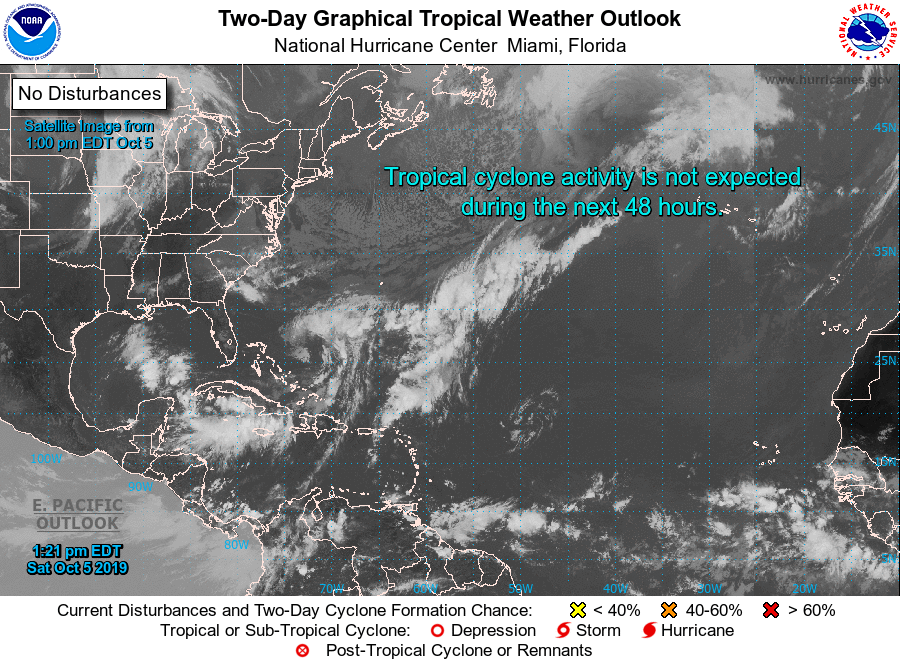
For the North Atlantic...Caribbean Sea and the Gulf of Mexico:

1. A non-tropical low pressure system is expected to develop over the North Atlantic between Bermuda and the Azores in a few days. The low is forecast to move westward after it forms, and some subtropical or tropical development is possible by the middle of next week.
* Formation chance through 48 hours...low...near 0 percent.
* Formation chance through 5 days...medium...50 percent.

2. Another non-tropical low pressure system is forecast to develop over the western North Atlantic between Bermuda and the east coast of the United States by the middle of next week. The low is expected to move slowly northward to northeastward after it forms, and some subtropical or tropical development is possible thereafter.
* Formation chance through 48 hours...low...near 0 percent.
* Formation chance through 5 days...low...20 percent.

Forecaster Stewart